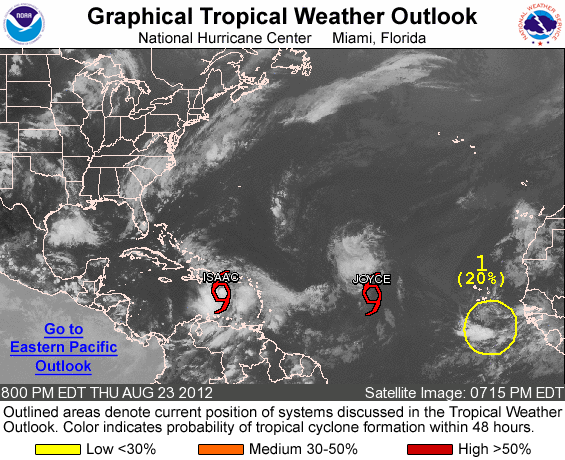
FOR THE NORTH ATLANTIC...CARIBBEAN SEA AND THE GULF OF MEXICO...

THE NATIONAL HURRICANE CENTER IS ISSUING ADVISORIES ON TROPICAL STORM ISAAC...LOCATED ABOUT 210 MILES SOUTHEAST OF SANTO DOMINGO DOMINICAN REPUBLIC...AND ON TROPICAL STORM JOYCE...LOCATED ABOUT 1280 MILES EAST OF THE LEEWARD ISLANDS.

1. SHOWERS AND THUNDERSTORMS HAVE INCREASED IN ASSOCIATION WITH A TROPICAL WAVE LOCATED BETWEEN THE WEST COAST OF AFRICA AND THE CAPE VERDE ISLANDS. SOME DEVELOPMENT OF THIS WAVE IS POSSIBLE OVER THE NEXT COUPLE OF DAYS AS IT MOVES TO THE WEST OR WEST-NORTHWEST AT ABOUT 15 MPH. THIS SYSTEM HAS A LOW CHANCE...20 PERCENT...OF BECOMING A TROPICAL CYCLONE DURING THE NEXT 48 HOURS.

ELSEWHERE...TROPICAL CYCLONE FORMATION IS NOT EXPECTED DURING THE NEXT 48 HOURS.

FORECASTER BLAKE